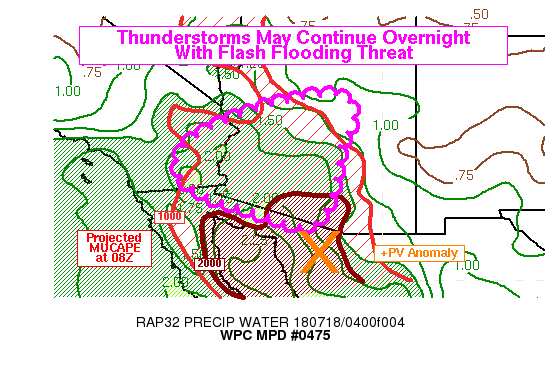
AREAS AFFECTED...CTRL/SRN AZ...FAR SERN CA

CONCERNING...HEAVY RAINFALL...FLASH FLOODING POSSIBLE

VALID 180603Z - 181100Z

SUMMARY...THUNDERSTORMS WERE REDEVELOPING ACROSS PORTIONS OF
CENTRAL AND SOUTHERN ARIZONA LATE THIS EVENING AND MAY LAST INTO
THE NIGHT. THE ENVIRONMENT WILL CONTINUE TO SUPPORT RAIN RATES OF
1-2 IN/HR IN THE STRONGEST STORMS...WHICH COULD LEAD TO FLASH
FLOODING.

DISCUSSION...GOES-15 IR SATELLITE TRENDS SHOWED SEVERAL BURSTS OF
CONVECTION THAT INITIATED IN THE 04-06Z TIMEFRAME. THE FIRST WAS
JUST TO THE NORTH OF A +PV ANOMALY (EVIDENT IN WATER VAPOR
CHANNELS) THAT WAS MAKING STEADY PROGRESS WEST THROUGH NORTHERN
MEXICO. THE SECOND WAS ACROSS PARTS OF CENTRAL ARIZONA. HI-RES
MODELS GENERALLY DO NOT SEEM TO BE HANDLING THIS SCENARIO
WELL...WITH ONLY THE NSSL WRF AND NCEP WRF-ARW2 SHOWING VIGOROUS
CONVECTION AT THIS TIME OF NIGHT. THAT BEING SAID...THE
ENVIRONMENT IS GENERALLY FAVORABLE FOR CONVECTION...AND HEAVY
RAINFALL IF CONVECTION CAN BE SUSTAINED. THE LARGEST IMPEDIMENT TO
SUSTAINED CONVECTION WOULD BE A LACK OF FORCING. HOWEVER...THE
AFOREMENTIONED PV ANOMALY SHOULD PROVIDE SOME FORCING FOR ASCENT
ALONG THE SOUTHERN BORDER OF ARIZONA OVERNIGHT. ADDITIONALLY...RAP
ANALYSIS SHOWED INCREASING LOW-LEVEL MOISTURE CONVERGENCE ACROSS
PARTS OF SOUTH-CENTRAL ARIZONA. IT IS STILL UNCERTAIN WHETHER THIS
WILL PERSIST OVER THE NEXT SEVERAL HOURS. HOWEVER...THE AREAS OF
EXISTING CONVECTION SHOULD BE SUFFICIENT TO PRODUCE LOCALLY HEAVY
RAINFALL FOR AT LEAST ANOTHER HOUR OR TWO. THE DEVELOPING
CONVECTION WAS ALSO GENERALLY ALIGNED WITH THE MEAN WIND...NOT
PERFECTLY...BUT ENOUGH TO LEAD TO SOME TRAINING OF INDIVIDUAL
CELLS AND CLUSTERS.

AVAILABLE INSTABILITY AND SHEAR SHOULD BE SUFFICIENT FOR ORGANIZED
CONVECTION (1000-2000 J/KG MUCAPE AND 30 KNOTS OF EFFECTIVE DEEP
LAYER SHEAR)...AND THE INCREASED SHEAR AROUND THE N/NW FLANK OF
THE PV ANOMALY COULD AID IN MAINTENANCE OF THE CONVECTION.
PRECIPITABLE WATER VALUES ABOVE THE 90TH PERCENTILE WILL SUPPORT
THE HEAVY RAIN RATES...AND SEVERAL RECENT GPS-PW OBSERVATIONS FROM
FAR SOUTHWEST ARIZONA WERE AROUND 2.1 INCHES WHICH IS SOMEWHAT
CLOSE TO THE HIGHEST VALUES OBSERVED AT THE NEARBY YUMA SOUNDING
LOCATION. THE OUTLINED AREA FOR THIS DISCUSSION WAS EXPANDED A BIT
TO ACCOUNT FOR UNCERTAINTIES IN CONVECTIVE PROPAGATION AND
EVOLUTION... PARTICULARLY TO THE WEST INTO SERN CALIFORNIA WHERE
THE NSSL WRF AND NCEP WRF-ARW2 SHOW A SWATH OF HEAVY RAIN PRIOR TO
12Z...AND THE VALID TIME WAS ALSO EXTENDED TO 11Z EVEN THOUGH
THERE IS MORE UNCERTAINTY IN THE MAINTENANCE OF CONVECTION BEYOND
08-09Z.